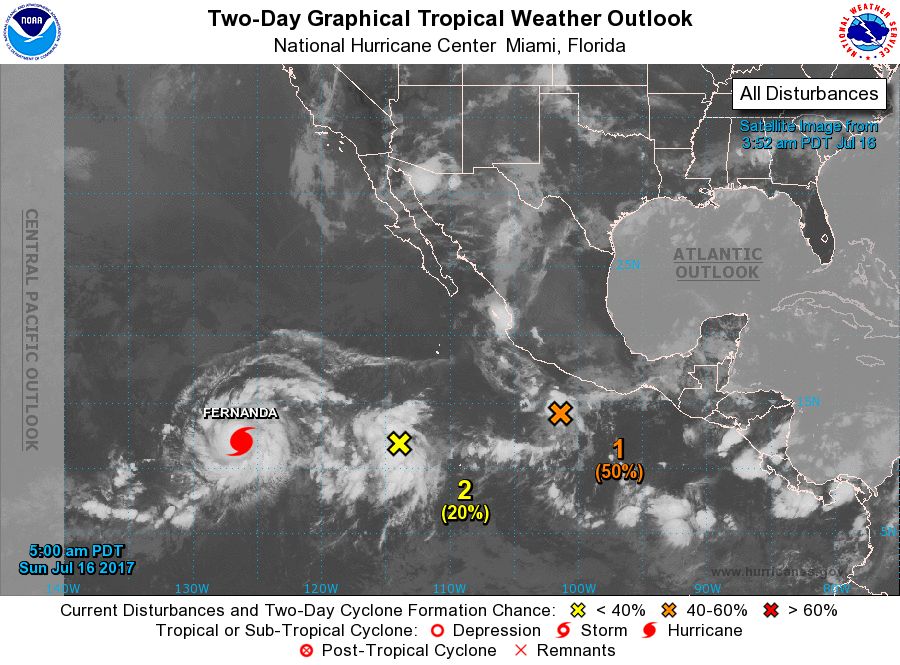
For the eastern North Pacific...east of 140 degrees west longitude:

The National Hurricane Center is issuing advisories on Hurricane Fernanda, located well to the west-southwest of the southern tip of the Baja California peninsula.

1. A broad low pressure area located a couple of hundred miles southwest of Acapulco, Mexico, continues to produce disorganized showers and thunderstorms. Environmental conditions are forecast to be somewhat conducive for gradual development during the next few days, and a tropical depression could form by early next week while the system moves slowly toward the west-northwest at 5 to 10 mph.
* Formation chance through 48 hours...medium...50 percent.
* Formation chance through 5 days...high...70 percent.

2. Disorganized cloudiness and showers located about 800 miles south-southwest of the southern tip of the Baja peninsula are associated with another broad area of low pressure. Upper-level winds are only marginally conducive and any development should be slow to occur as the system moves slowly west-northwestward.
* Formation chance through 48 hours...low...20 percent.
* Formation chance through 5 days...low...30 percent.

Forecaster Brown